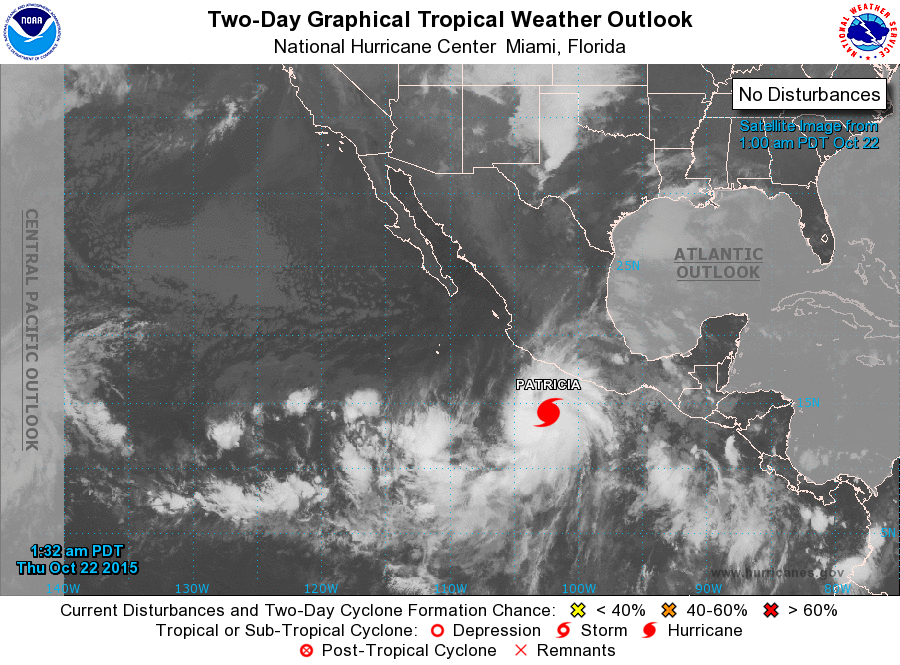
For the eastern North Pacific...east of 140 degrees west longitude:

The National Hurricane Center is issuing advisories on Tropical Storm Patricia, located a couple of hundred miles south of Acapulco, Mexico.

1. An area of low pressure is expected to form several hundred miles south or south-southwest of the southern tip of the Baja California peninsula late this week or over the weekend. Environmental conditions are expected to be somewhat conducive for some slow development of this system while it moves slowly toward the east-northeast or northeast.
* Formation chance through 48 hours...low...near 0 percent
* Formation chance through 5 days...low...20 percent

Forecaster Pasch